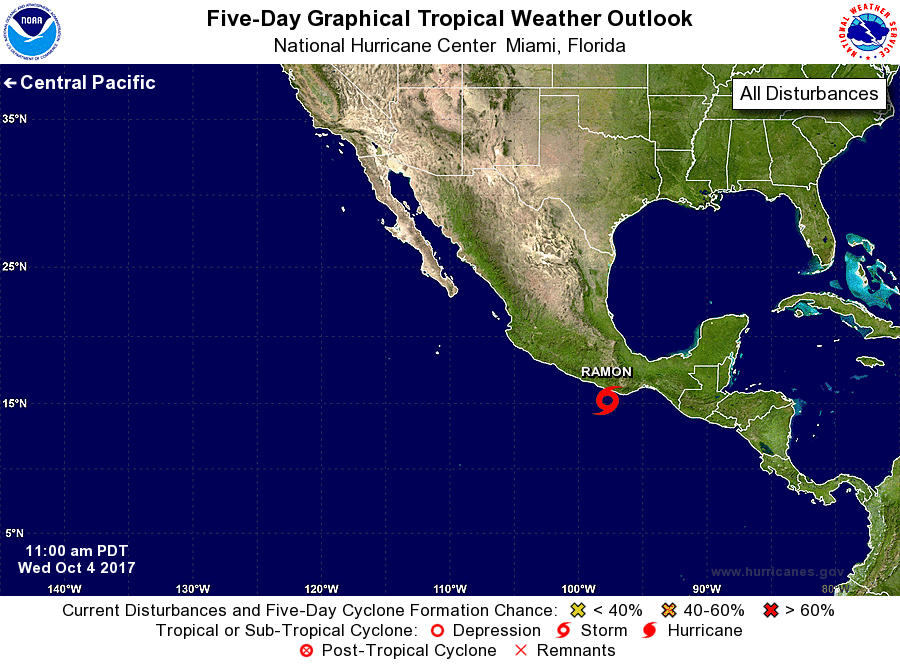
For the eastern North Pacific...east of 140 degrees west longitude:

The National Hurricane Center is issuing advisories on Tropical Storm Ramon, located offshore of southeastern Mexico.

Tropical cyclone formation is not expected during the next 5 days.

&&
Public Advisories on Ramon are issued under WMO header WTPZ34 KNHC and under AWIPS header MIATCPEP4. Forecast/Advisories on Ramon are issued under WMO header WTPZ24 KNHC and under AWIPS header MIATCMEP4.

Forecaster Blake